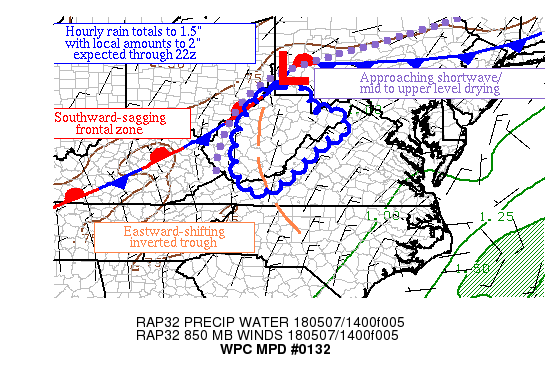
AREAS AFFECTED...EASTERN WV & WESTERN VA

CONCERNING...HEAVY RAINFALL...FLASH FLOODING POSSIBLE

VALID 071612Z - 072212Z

SUMMARY...SLOW-MOVING THUNDERSTORMS ARE EXPECTED TO DEVELOP OVER A
REGION WITH SATURATED SOILS/HIGH STREAM FLOW.  HOURLY RAIN TOTALS
TO 1.5" WITH LOCAL AMOUNTS TO 2" ARE EXPECTED.

DISCUSSION...THE APPROACH OF AN ELONGATED SHORTWAVE -- SHOWING UP
ON WATER VAPOR IMAGERY AS A NARROW ZONE OF MID-LEVEL DRYING --
INTO WV AND FAR SOUTHWEST VA IN COMBINATION WITH DAYTIME HEATING
HAS LED TO RECENT CUMULUS DEVELOPMENT OVER SOME OF THE TERRAIN,
WITH EARLY SHOWERS DEVELOPING ACROSS SOUTHWEST PA NEAR A FRONTAL
ZONE.  PRECIPITABLE WATER VALUES ARE IN THE 0.75-1" RANGE.  THE
MORNING SOUNDING FROM PITTSBURGH SHOWED SATURATION FROM THE
SURFACE UP TO 650 HPA.  ML CAPE VALUES HAVE RISEN INTO THE 100-250
J/KG RANGE NEAR AREAS OF ENHANCED CUMULUS DEVELOPMENT.  INFLOW AT
850 HPA IS OUT OF THE EAST AT 20 KTS PER THE STERLING VA VAD WIND
PROFILE.

THE GUIDANCE SHOWS A RAMP UP FOR SHOWER AND THUNDERSTORM
DEVELOPMENT FROM HERE ON OUT AS INSTABILITY RISES THIS AFTERNOON.
WITH 850 HPA CONVERGENT FLOW BECOMING MORE EASTERLY REGIONALLY AND
THE MEAN 850-400 HPA WIND LIGHT WESTERLY, THERE IS CONCERN THAT
INDIVIDUAL CELL MOTION WOULD BE SLOW MOVING/NON-EXISTENT.
EFFECTIVE BULK SHEAR IS ~15 KTS PER RAP FORECASTS, IMPLYING A
PULSE MODE TO CONVECTION.  OUTFLOW BOUNDARIES SHOULD DRIVE
THUNDERSTORM DEVELOPMENT ALONG A PREFERRED PATH SOUTH TO
SOUTH-SOUTHEAST DOWN THE INSTABILITY GRADIENT/INVERTED TROUGH,
WITH THE MEAN WIND FEEDING THE STORMS WITH INSTABILITY FROM THE
WEST.

DESPITE A PULSE MODE, THERE IS THE CHANCE FOR SOME REPEAT/SHORT
PERIOD OF TRAINING AS THE INSTABILITY POOL TO WEST ISN'T EXPECTED
TO ERODE/SHIFT SLOWLY EASTWARD WITH THE INVERTED TROUGH.  THE
AVAILABLE MOISTURE IN THE TERRAIN SUPPORTS HOURLY RAIN TOTALS TO
1.5", WITH AVAILABLE MESOSCALE GUIDANCE SHOWING LOCAL AMOUNTS OF
2" POSSIBLE.  CONSIDERING SATURATED SOILS AND ELEVATED STREAM
FLOW, HEAVY RAIN WOULD BE PROBLEMATIC.